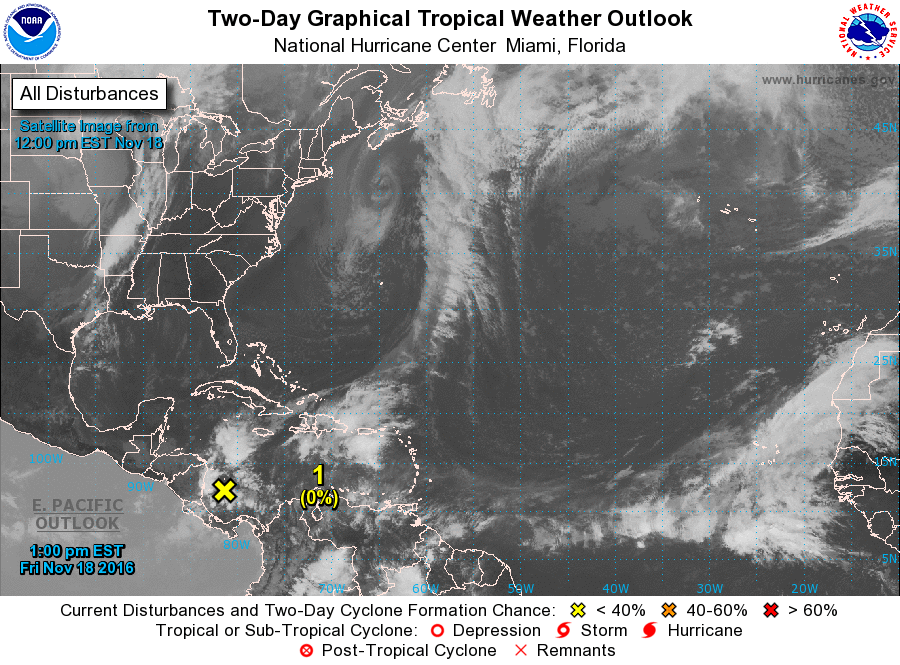
For the North Atlantic...Caribbean Sea and the Gulf of Mexico:

1. Disorganized cloudiness and showers over the southwestern Caribbean Sea are associated with a broad low pressure area. Upper-level winds are currently only marginaly conducive, and during the next couple of days any development should be slow to occur. After that time, environmental conditions are expected to be more conducive for gradual development, and a tropical depression could form early next week while the low moves slowly and erratically.
* Formation chance through 48 hours...low...near 0 percent
* Formation chance through 5 days...medium...60 percent

Forecaster Beven